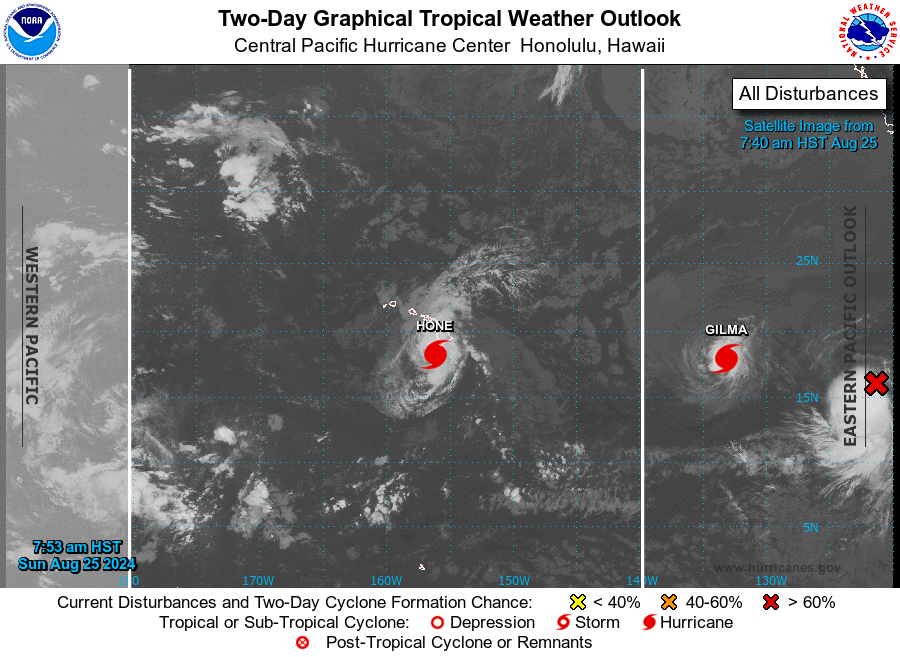
For the central North Pacific...between 140W and 180W:

Active Systems: The Central Pacific Hurricane Center in Honolulu, Hawaii is issuing advisories on Hurricane Hone. This system is located about 100 miles southwest of Hilo, Hawaii, or about 250 miles south southeast of Honolulu, Hawaii, moving west around 8 mph. Interests in Hawaii should closely monitor this system.

The National Hurricane Center in Miami, Florida is issuing advisories on Hurricane Gilma, located about midway between the southern tip of the Baja California peninsula and the Hawaiian Islands. Gilma is expected to move into the Central Pacific Hurricane Center's area of responsibility Monday night or early Tuesday morning.

Elsewhere, no tropical cyclones are expected during the next 7 days.

&&
Public advisories on Hurricane Hone are issued under WMO header WTPA31 PHFO and under AWIPS header HFOTCPCP1. Forecast advisories on Hurricane Hone are issued under WMO header WTPA11 PHFO and under AWIPS header HFOTCMCP1.

Public advisories on Hurricane Gilma are issued under WMO header WTPZ32 KNHC and under AWIPS header MIATCPEP2. Forecast advisories on Hurricane Gilma are issued under WMO header WTPZ22 KNHC and under AWIPS header MIATCMEP2.

Forecaster Vaughan